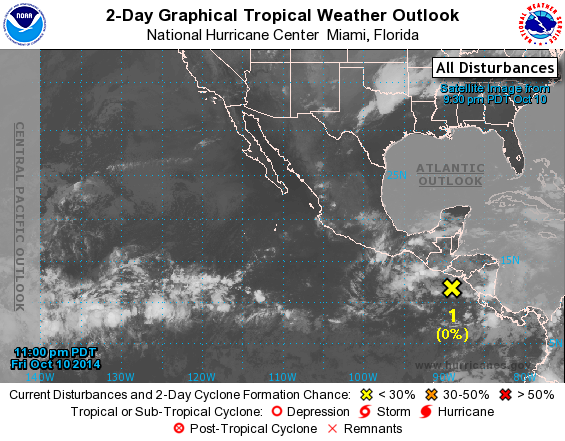
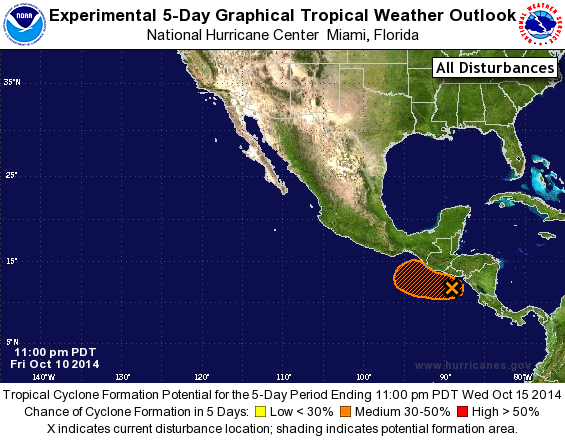
For the eastern North Pacific...east of 140 degrees west longitude:

1. Shower activity associated with a trough of low pressure extending from the coast of Nicaragua to a few hundred miles south-southwest of the Gulf of Tehuantepec is limited at this time. Development of this system is not likely during the next couple of days, however, environmental conditions are forecast to be conducive for some development of this system by the middle of next week.
* Formation chance through 48 hours...low...near 0 percent.
* Formation chance through 5 days...medium...30 percent.

Forecaster Avila